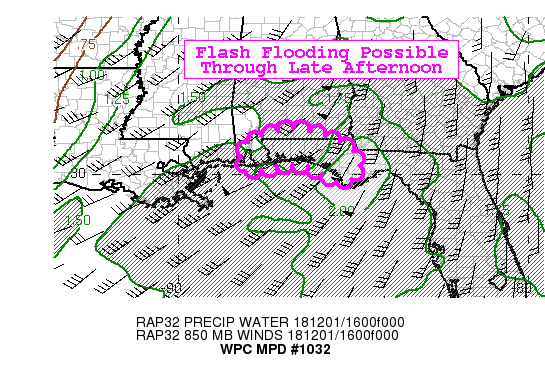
Areas affected...Western FL Panhandle...Southern Alabama

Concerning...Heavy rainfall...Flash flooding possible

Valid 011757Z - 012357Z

Summary...Hourly totals up to 2" will be possible as a line of
slow moving convection drifts onshore across the western FL
panhandle and southern Alabama. Through 23z / 5 PM CDT, 3-5" will
be possible which could result in localized flash flooding.

Discussion...Recent surface analysis shows a warm front across the
far northern Gulf of Mexico with a slow advancement northward
toward the coastline. Aloft, southwesterly flow exists with broad
forcing for ascent, loosely within a right entrance region of a
jet max over the Arklatex region. Anomalously high moisture exists
across the Gulf Coast region with recent mesoanalysis showing
PWATs of 1.8 to near 2.0", which is roughly 2-2.5 SD above the
mean. SBCAPE exceeding 500 J/kg is just beginning to move onshore
per recent RAP analysis while MUCAPE upwards of 1500 J/kg exists
already across the region.

Recent radar returns from KLTH, KEVX, and KMOB show hourly rates
exceeding 1.5" associated with the ongoing convection offshore. As
this activity moves onshore coincident with the increase in
SBCAPE, hourly rates up to 2" will be possible across southern
Alabama and the western FL panhandle this afternoon. In general,
the hi-res guidance has not performed well with this activity
since this morning and has generally be too far north/fast with
the convection forming near the warm front. Though, it is expected
that this convection will make it onshore early this afternoon and
slowly drift east/northeast across the FL panhandle and adjacent
southern Alabama. With the mean flow parallel to storm motion and
favorable 850 mb moisture transport, there is concern for
training/backbuilding across the area.

Antecedent conditions and FFG are less conducive for flash
flooding, with 1-hr guidance of 3-4". However, earlier scattered,
less intense showers/thunderstorms produced amounts of 1 to
locally 1.5" across the area per mesonet observations, which may
help to lower these values in the near term.

As a result, with the threat of localized 3-5" amounts with
periods of intense rainfall rates up to 2"/hr, flash flooding will
be possible, especially across urban areas or poor drainage
locations, through this afternoon.